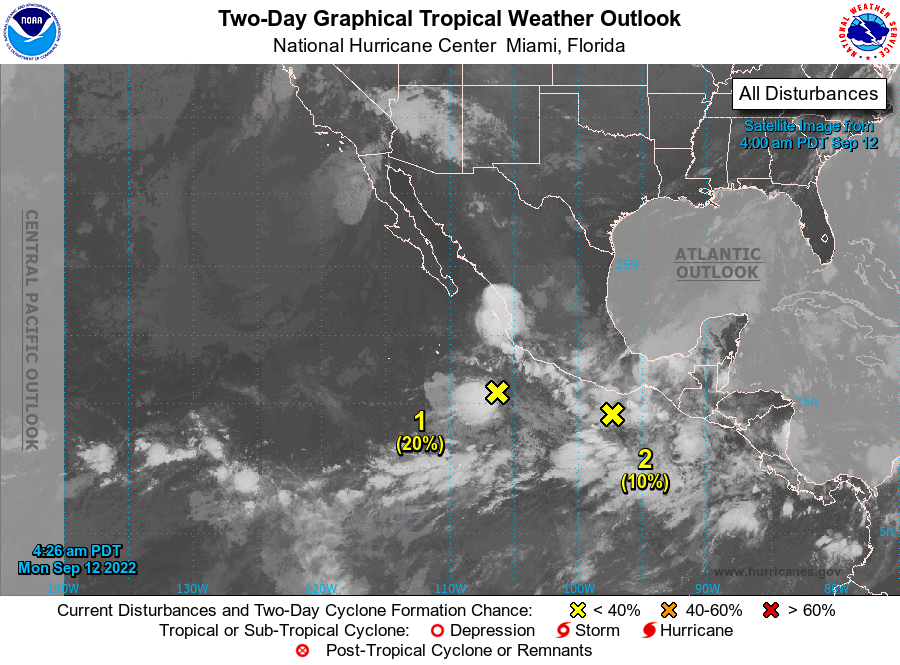
For the eastern North Pacific...east of 140 degrees west longitude:

1. Southwest of southwestern Mexico: A small area of low pressure located a few hundred miles south-southwest of Manzanillo, Mexico is producing an area of showers and thunderstorms to the southwest of its center. Although environmental conditions are only marginally conducive, some additional development is possible during the next day or two. The system is forecast to move little through midweek, then merge with the disturbance to its east.
* Formation chance through 48 hours...low...20 percent.
* Formation chance through 5 days...low...20 percent.

2. Near the coast of southern Mexico: A trough of low pressure located along the coast of southern Mexico is producing disorganized cloudiness and showers. This system is forecast to interact and merge with the disturbance off the southwestern coast of Mexico around midweek, and environmental conditions are expected to be generally conducive for additional development over the next several days. A tropical depression is likely to form by the latter part of this week while the system moves slowly westward near the coast of southern and southwestern Mexico.
* Formation chance through 48 hours...low...10 percent.
* Formation chance through 5 days...high...70 percent.

Forecaster Brown